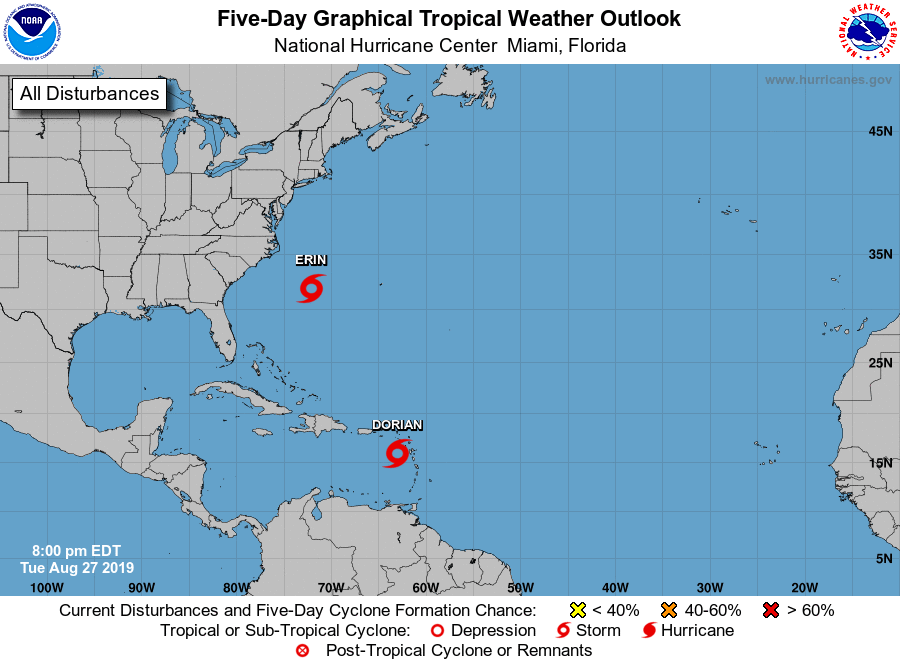
For the North Atlantic...Caribbean Sea and the Gulf of Mexico:

The National Hurricane Center is issuing advisories on Tropical Storm Dorian, located over the far eastern Caribbean Sea.

The National Hurricane Center is issuing advisories on Tropical Depression Six, located almost 400 miles southeast of Cape Hatteras, North Carolina.

Tropical cyclone formation is not expected during the next 5 days.

Forecaster Latto/Pasch